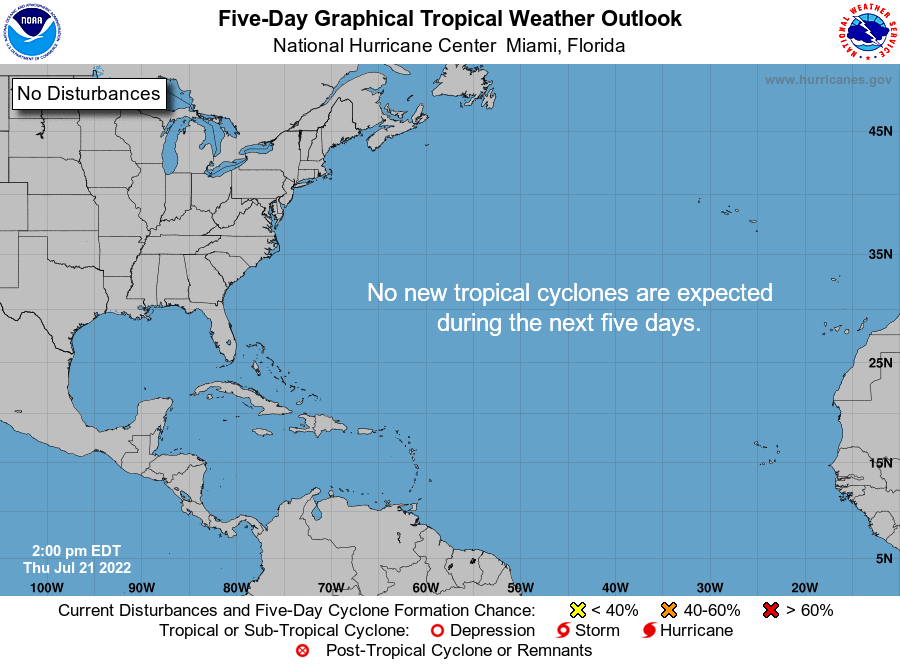
For the North Atlantic...Caribbean Sea and the Gulf of Mexico:

Tropical cyclone formation is not expected during the next 5 days.

Forecaster Pasch/Bucci